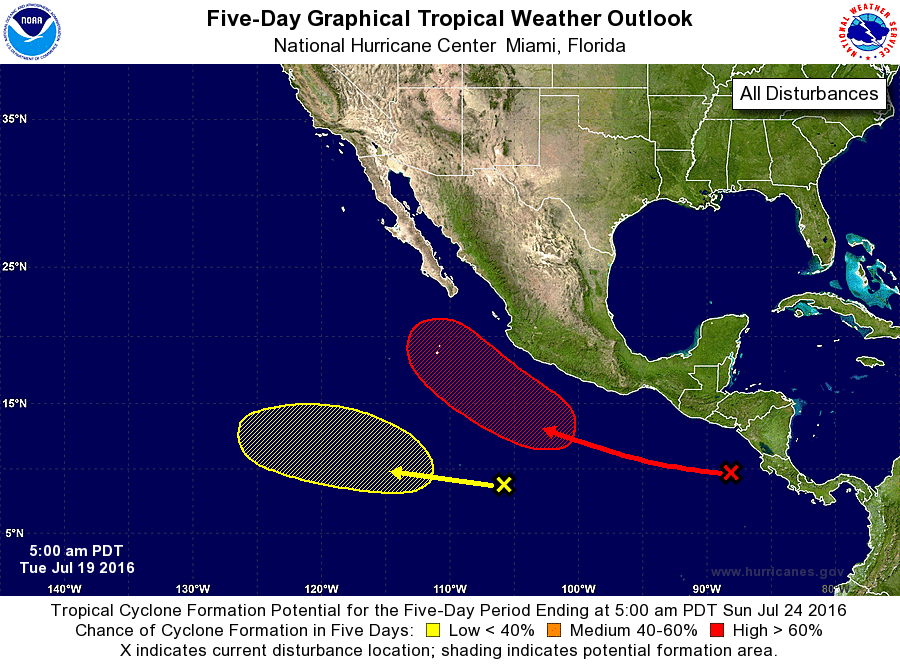
For the eastern North Pacific...east of 140 degrees west longitude:

The National Hurricane Center is issuing advisories on Hurricane Darby, located about 1300 miles east of the Big Island of Hawaii, and on Tropical Storm Estelle, located about 600 miles west-southwest of the southern tip of the Baja California peninsula.

1. A tropical wave located over the far eastern Pacific Ocean and portions of Central America is producing disorganized showers and thunderstorms. Environmental conditions are forecast to be conducive for gradual development of this system, and a tropical depression is likely to form by the weekend while it moves west-northwestward at about 10 mph to the south of Mexico.
* Formation chance through 48 hours...low...near 0 percent
* Formation chance through 5 days...high...70 percent

2. A weak low pressure area located about 700 miles southwest of Acapulco, Mexico, is producing disorganized shower activity. Some slow development of this system is possible later this week while it moves westward at 10 to 15 mph.
* Formation chance through 48 hours...low...near 0 percent
* Formation chance through 5 days...low...30 percent

Forecaster Brown